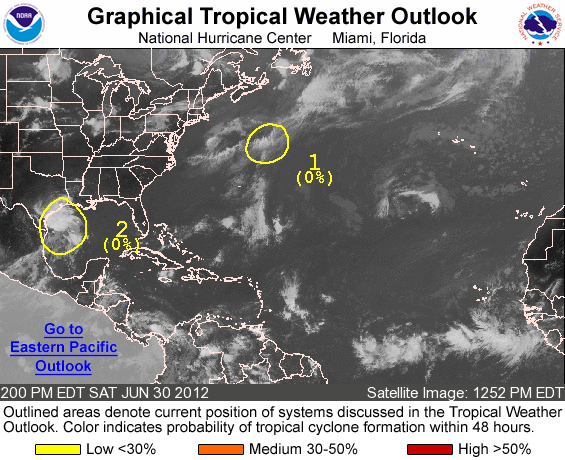
FOR THE NORTH ATLANTIC...CARIBBEAN SEA AND THE GULF OF MEXICO...

1. A LOW PRESSURE AREA...THE POST-TROPICAL REMNANTS OF DEBBY...LOCATED ABOUT 490 MILES SOUTH-SOUTHEAST OF HALIFAX NOVA SCOTIA IS MOVING TOWARD THE NORTHEAST AT ABOUT 20 MPH. ENVIRONMENTAL CONDITIONS ARE UNFAVORABLE FOR RE-DEVELOPMENT. THIS SYSTEM HAS A LOW CHANCE...NEAR 0 PERCENT...OF BECOMING A TROPICAL CYCLONE AGAIN DURING THE NEXT 48 HOURS. ADDITIONAL INFORMATION ON THIS LOW CAN BE FOUND IN HIGH SEAS FORECASTS ISSUED BY THE NATIONAL WEATHER SERVICE.

2. AN AREA OF DISORGANIZED CLOUDINESS AND THUNDERSTORMS OVER THE NORTHWESTERN GULF OF MEXICO IS ASSOCIATED WITH AN UPPER-LEVEL LOW OVER NORTHERN MEXICO. THIS SYSTEM HAS A LOW CHANCE...NEAR 0 PERCENT...OF BECOMING A TROPICAL CYCLONE DURING THE NEXT 48 HOURS.

ELSEWHERE...TROPICAL CYCLONE FORMATION IS NOT EXPECTED DURING THE NEXT 48 HOURS.

&&
HIGH SEAS FORECASTS CAN BE FOUND UNDER AWIPS HEADER NFDHSFAT1 AND WMO HEADER FZNT01 KWBC.

FORECASTER AVILA